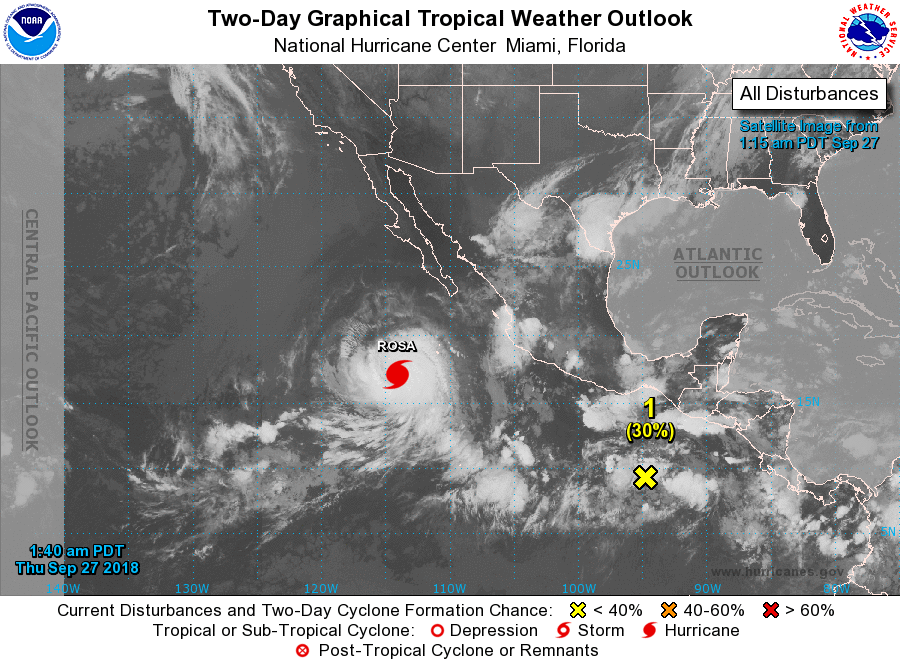
For the eastern North Pacific...east of 140 degrees west longitude:

The National Hurricane Center is issuing advisories on Hurricane Rosa, located a few hundred miles south-southwest of the southern tip of the Baja California peninsula.

1. A broad area of low pressure located a few hundred miles south of the southern coast of Mexico is producing disorganized showers and thunderstorms. Environmental conditions are expected to become favorable for gradual development, and a tropical cyclone is likely to form over the weekend or early next week while it moves west-northwestward well offshore of the coast of Mexico.
* Formation chance through 48 hours...low...30 percent.
* Formation chance through 5 days...medium...60 percent.

Forecaster Avila